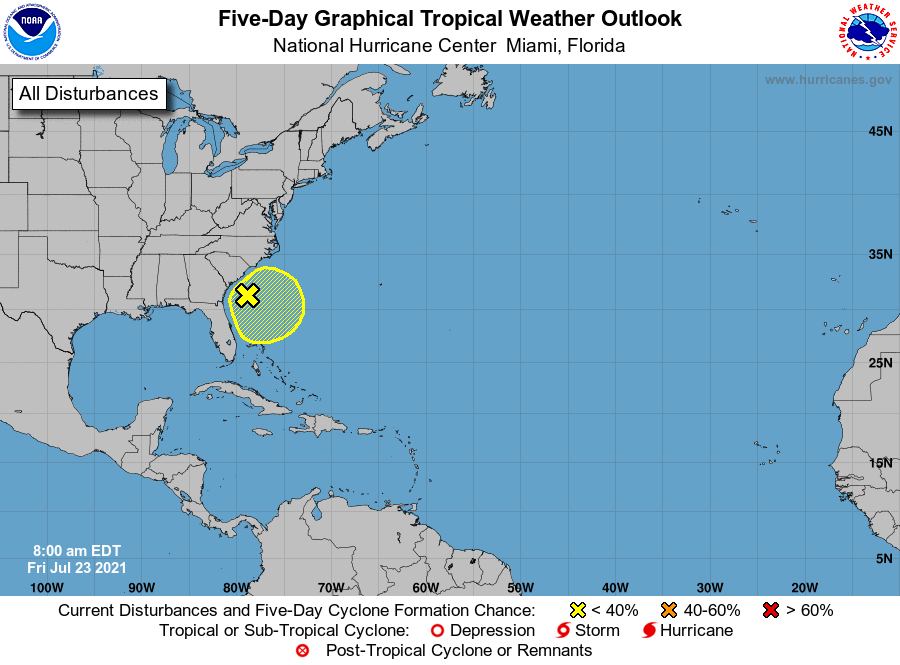
For the North Atlantic...Caribbean Sea and the Gulf of Mexico:

1. A trough of low pressure is located just offshore of the southeastern United States coastline. Shower and thunderstorm activity has increased this morning, and environmental conditions appear marginally conducive for some additional development during the next couple of days while the system drifts offshore of the southeastern United States.
* Formation chance through 48 hours...low...30 percent.
* Formation chance through 5 days...low...30 percent.

Forecaster Papin/Beven